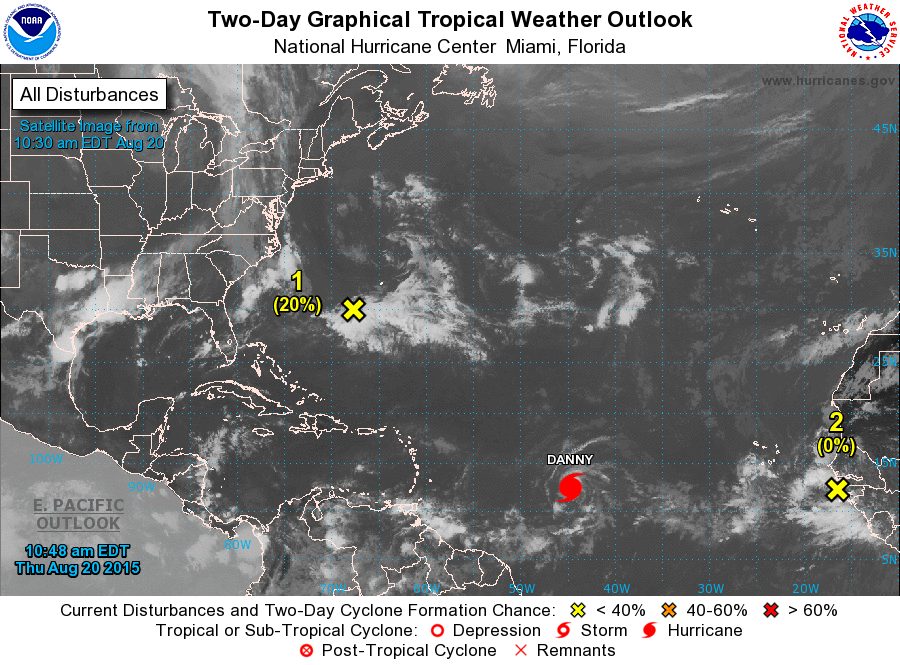
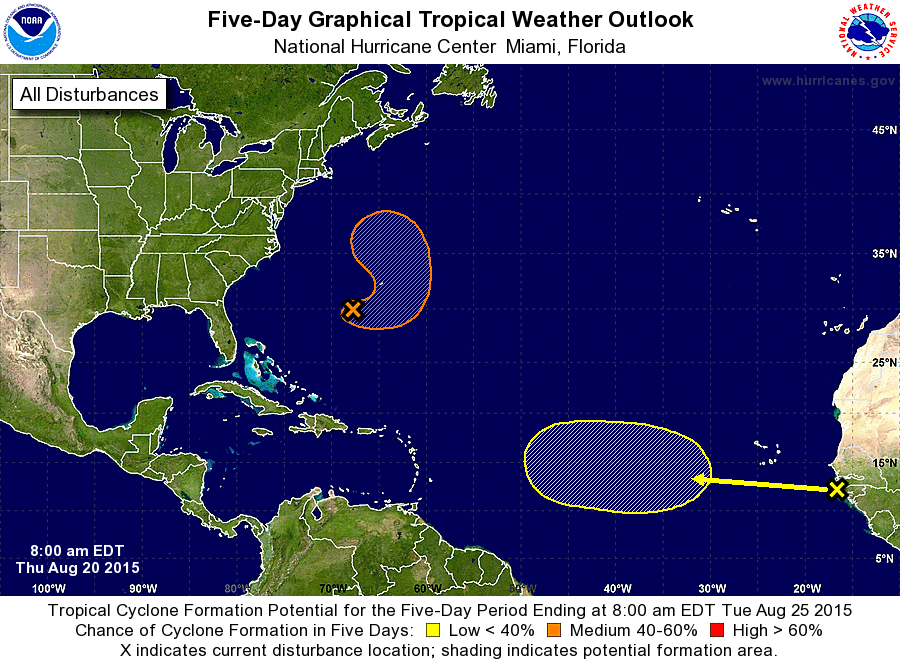
For the North Atlantic...Caribbean Sea and the Gulf of Mexico:

The National Hurricane Center is issuing advisories on Tropical Storm Danny, located over the central tropical Atlantic about a thousand miles miles east of the Lesser Antilles.

1. A surface trough interacting with an upper-level low is producing an area of showers and thunderstorms to the southeast through southwest of Bermuda. A non-tropical low pressure system is expected to form within this trough over the western Atlantic during the next day or two, and environmental conditions should support some subsequent tropical or subtropical development over the weekend while this disturbance moves slowly northward.
* Formation chance through 48 hours...low...20 percent
* Formation chance through 5 days...medium...60 percent

2. A tropical wave near the coast of west Africa is producing some disorganized showers and thunderstorms. Environmental conditions are forecast to become marginally favorable for some development of this system by the weekend while the wave moves westward at 15 to 20 mph over the tropical Atlantic.
* Formation chance through 48 hours...low...near 0 percent
* Formation chance through 5 days...low...20 percent

Forecaster Blake